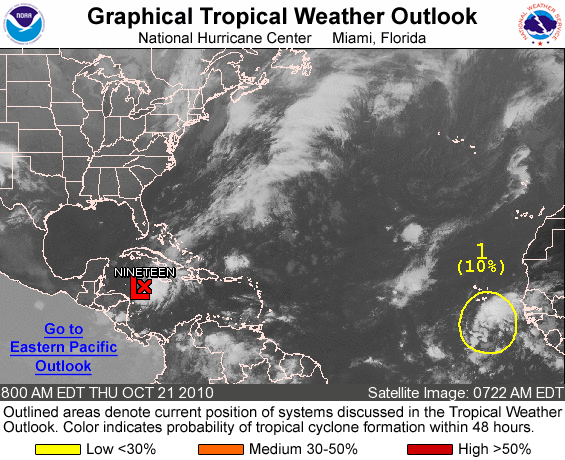
FOR THE NORTH ATLANTIC...CARIBBEAN SEA AND THE GULF OF MEXICO...

THE NATIONAL HURRICANE CENTER IS ISSUING ADVISORIES ON TROPICAL DEPRESSION NINETEEN LOCATED ABOUT 160 MILES SOUTH-SOUTHEAST OF GRAND CAYMAN.

1. A BROAD LOW PRESSURE SYSTEM LOCATED ABOUT 350 MILES SOUTH-SOUTHEAST OF THE CAPE VERDE ISLANDS IS PRODUCING A LARGE AREA OF CLOUDINESS AND THUNDERSTORMS OVER THE FAR EASTERN TROPICAL ATLANTIC. EVEN THOUGH THIS IS HISTORICALLY NOT A FAVORABLE AREA FOR TROPICAL CYCLONE FORMATION IN LATE OCTOBER...THIS SYSTEM IS SHOWING SOME SIGNS OF ORGANIZATION...AND ENVIRONMENTAL CONDITIONS ARE MARGINALLY CONDUCIVE FOR SOME ADDITIONAL DEVELOPMENT TO OCCUR. THERE IS A LOW CHANCE...10 PERCENT...OF THIS SYSTEM BECOMING A TROPICAL CYCLONE DURING THE NEXT 48 HOURS AS IT MOVES TO THE WEST-NORTHWEST OR NORTHWEST AT 10 TO 15 MPH. LOCALLY HEAVY RAINFALL IS POSSIBLE OVER THE SOUTHERN CAPE VERDE ISLANDS TODAY AND TONIGHT.

ELSEWHERE...TROPICAL CYCLONE FORMATION IS NOT EXPECTED DURING THE NEXT 48 HOURS.

PUBLIC ADVISORIES ON TROPICAL DEPRESSION NINETEEN ARE ISSUED UNDER WMO HEADER WTNT34 KNHC AND UNDER AWIPS HEADER MIATCPAT4. FORECAST/ADVISORIES ARE ISSUED UNDER WMO HEADER WTNT24 KNHC AND UNDER AWIPS HEADER MIATCMAT4.

FORECASTER STEWART/BLAKE